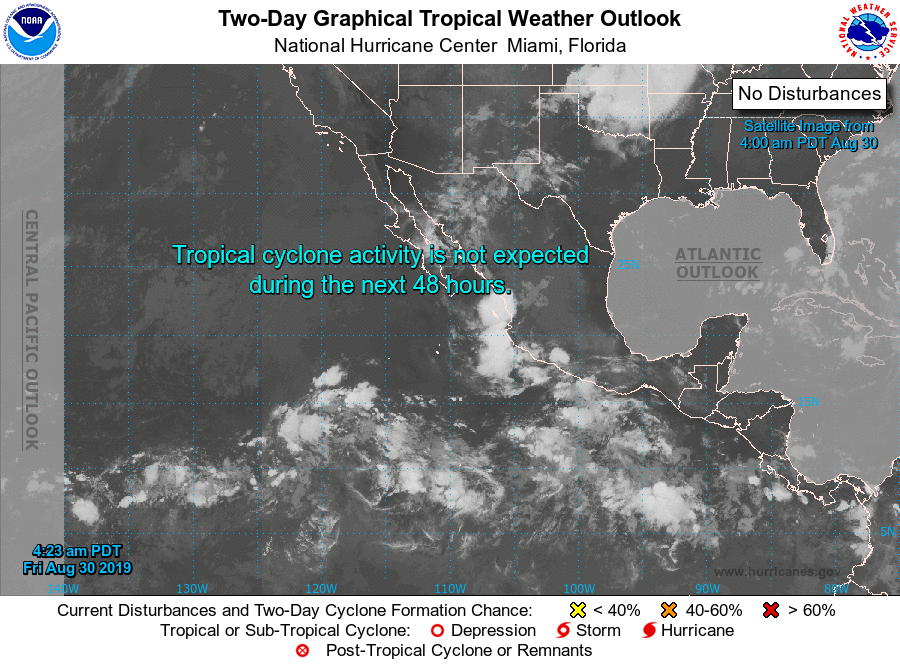
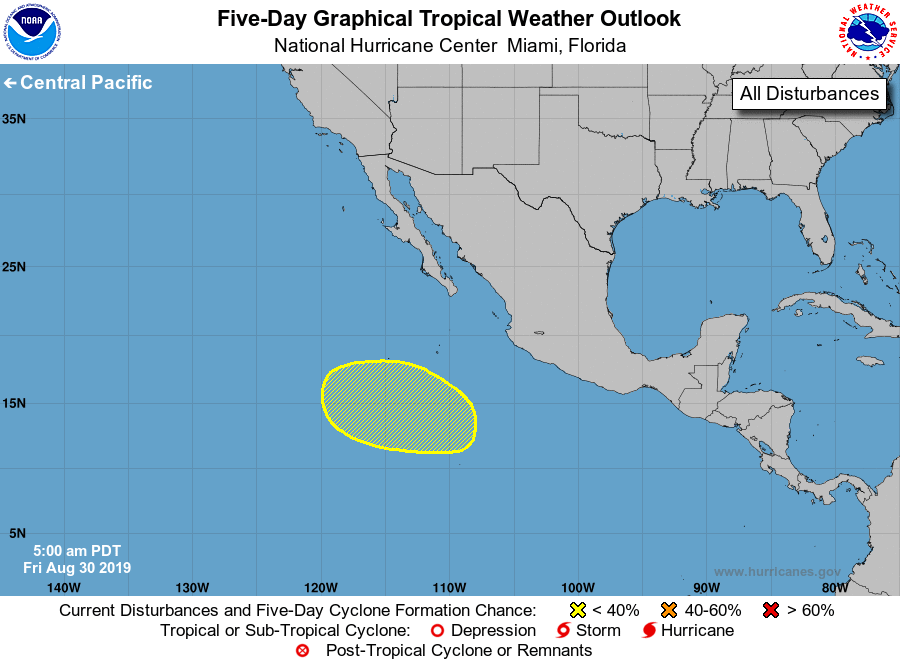
For the eastern North Pacific...east of 140 degrees west longitude:

1. A low pressure area is expected to form over the weekend several hundred miles southwest of the southern tip of the Baja California peninsula. Environmental conditions appear conducive for gradual development of this system next week as it moves generally west-northwestward.
* Formation chance through 48 hours...low...near 0 percent.
* Formation chance through 5 days...low...30 percent.

Tropical cyclone formation is not expected during the next 5 days.

Forecaster Roberts